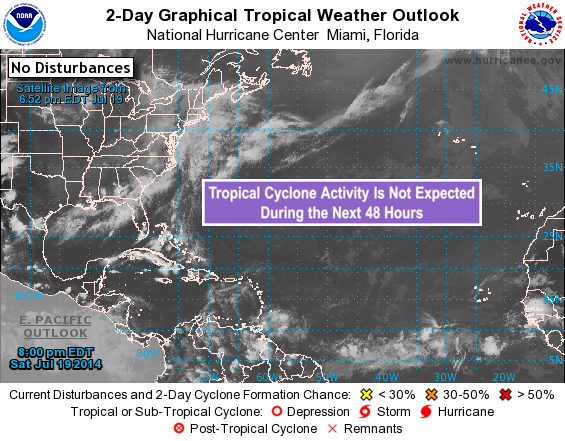
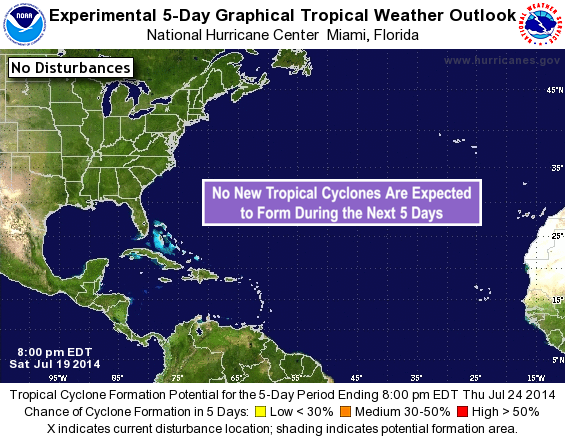
For the North Atlantic...Caribbean Sea and the Gulf of Mexico:

Tropical cyclone formation is not expected during the next 5 days.

Forecaster Pasch